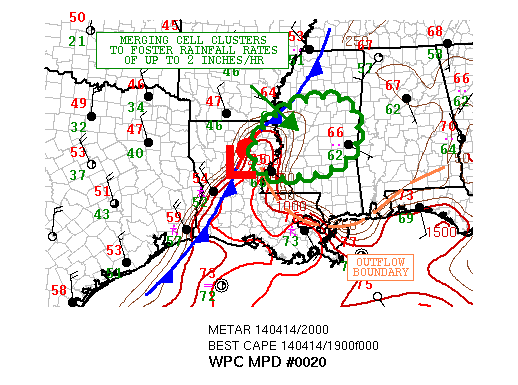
AREAS AFFECTED...EXTREME NORTHEAST LA...CENTRAL MS

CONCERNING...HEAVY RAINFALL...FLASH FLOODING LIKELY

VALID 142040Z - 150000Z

SUMMARY...NUMEROUS CLUSTERS OF CONVECTION WITH VERY HEAVY RAINFALL
RATES EXPECTED TO MERGE OVER THE NEXT COUPLE OF HOURS. FLASH
FLOODING WILL BE LIKELY OVER AREAS THAT SAW HEAVY RAINS THIS
MORNING.

DISCUSSION...IR SAT IMAGERY SHOWS CLOUD TOPS ARE GRADUALLY COOLING
ACROSS SERN TX AND NRN LA IN ASSOCIATION WITH DEVELOPING AND
EXPANDING CLUSTERS OF COLD-TOPPED CONVECTION. ALL OF THIS IS BEING
INFLUENCED BY THE SRN TAIL OF A SHORTWAVE TROUGH EXITING NEWD OUT
ACROSS THE CNTRL PLAINS. MEANWHILE...A COLD FRONT IS SEEN MOVING
RATHER QUICKLY SEWD ACROSS THE WRN GULF COAST REGION ATTM WHICH IS
INTERACTING WITH MULTIPLE OUTFLOW BNDRYS AND A VERY MOIST AND
MODERATELY UNSTABLE AIRMASS ADVECTING NORTH OFF THE GULF OF
MEXICO. DIURNAL HEATING HAS AIDED SFC-BASED INSTABILITY THIS
AFTERNOON AHEAD OF THE COLD FRONT AND OVER THE NEXT SEVERAL HOURS
CONVECTION SHOULD CONTINUE TO EXPAND AND ORGANIZE WHILE MOVING
GRADUALLY OFF TO THE EAST. MERGING CONVECTIVE CELL CLUSTERS ARE
EXPECTED WHICH SHOULD PRODUCE VERY HEAVY RAINFALL RATES OF UP TO 2
INCHES/HR. SUPPORTING THIS ARE PWATS RUNNING AOA 1.75 INCHES
ACROSS FAR SERN TX...LA...AND INTO SRN MS AS PER GOES-SOUNDER.

OVER THE NEXT COUPLE OF HOURS...CONVECTION WILL BE MOVING BACK
OVER AREAS THAT SAW HEAVY RAIN EARLY THIS MORNING...AND WITH
NEARLY SATURATED SOIL AT LEAST LOCALLY...THERE WILL BE A THREAT
FOR ADDITIONAL FLASH FLOODING.